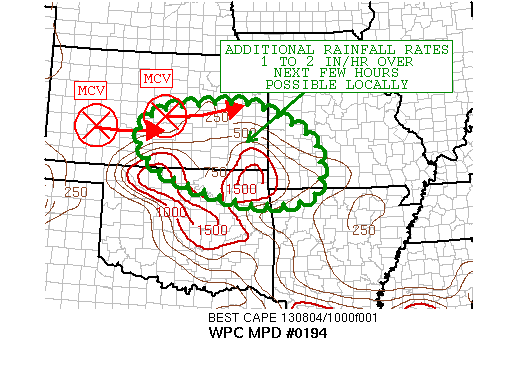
AREAS AFFECTED...S-CNTRL KS...NERN OK INTO SWRN MO AND NWRN AR

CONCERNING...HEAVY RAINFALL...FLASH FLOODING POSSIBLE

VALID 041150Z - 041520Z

SUMMARY...DESPITE WEAKENING TRENDS...ADDITIONAL FLASH FLOODING IS
POSSIBLE OVER THE NEXT FEW HOURS WITH RAINFALL RATES OF 1-2 IN/HR
EXPECTED AS MCS LINGERS INTO MID MORNING.

DISCUSSION...RECENT WARMING NOTED IN IR SATELLITE IMAGERY ACROSS
KANSAS INDICATES THE LARGE MCS IS WEAKENING WITH A REDUCTION IN
COVERAGE OF WIDESPREAD HEAVY RAINFALL RATES. HOWEVER...TWO WELL
DEFINED MCV SIGNATURES...AS NOTED IN LOCAL RADAR IMAGERY...ARE
TRACKING EASTWARD ACROSS THE STATE AND CONTINUE TO FEED OFF OF
LINGERING INSTABILITY...MOST NOTED WITH RECENT CONVECTIVE
DEVELOPMENT ACROSS EXTREME SOUTHEASTERN KANSAS.

ALTHOUGH LOW LEVEL INFLOW HAS DIMINISHED TO ROUGHLY 20 KTS PER
KICT VAD WIND PROFILE...THE TIGHTLY WOUND CIRCULATIONS OF THE MCVS
ARE EXPECTED TO CONTINUE INFLOW OF DEEP MOISTURE AND INSTABILITY
OF OVER 1000 J/KG NEAR THE OK/KS BORDER BEYOND THE TYPICAL DIURNAL
MINIMUM OF THE NOCTURNAL LOW LEVEL JET. SATURATED SOILS FROM
WIDESPREAD HEAVY RAIN EARLY THIS MORNING OVER MUCH OF KANSAS AND
PRECEDING HEAVY RAIN FROM SATURDAY MORNING OVER SOUTHEASTERN
KANSAS INTO SOUTHWESTERN MISSOURI WILL EXACERBATE FLASH FLOOD
CONCERNS WITH ADDITIONAL HEAVY RAINFALL RATES. HI-RES GUIDANCE HAS
TENDED TO DO A DECENT JOB WITH THIS EVENT...AND SUGGESTS AN END TO
THE HEAVIEST RAIN BY 15Z...BUT WILL CONTINUE TO MONITOR AND UPDATE
IF NEEDED.